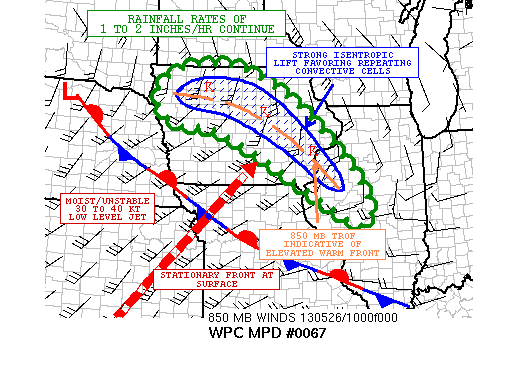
AREAS AFFECTED...NORTHWEST THROUGH EASTERN IA...NORTHWEST IL

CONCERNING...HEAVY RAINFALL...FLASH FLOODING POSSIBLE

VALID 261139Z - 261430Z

SUMMARY...SOME ADDITIONAL REPEATING AND LOCALIZED TRAINING OF
CONVECTION IS EXPECTED NEXT COUPLE OF HOURS...FOSTERING SOME
ADDITIONAL SHORT-TERM FLASH FLOOD CONCERNS.

DISCUSSION...RADAR IMAGERY CONTINUES TO SHOW A NORTHWEST TO
SOUTHEAST ORIENTED LINE OF SHOWERS AND THUNDERSTORMS EXTENDING
ACROSS NORTHERN IA INTO WESTERN IL.  GIVEN SLOW EASTWARD MOTION OF
THE LINE...THE POTENTIAL REMAINS FOR FLASH FLOODING IN THIS AREA
THROUGH AT LEAST 1430Z DUE EITHER TO SLOW MOVING CELLS WHICH
PRODUCE HEAVY RAIN OR CELLS TRACKING OVER AREAS WHICH ALREADY
RECEIVED MODERATE TO HEAVY RAIN.  LOW LEVEL JET WIND SPEEDS STILL
APPEAR TO BE IN THE 30 TO 40 KT RANGE AS IT RIDES NORTH OF A QUASI
STATIONARY FRONT...WHICH WAS ALSO HELPING TO SUSTAIN THE
CONVECTION.  THINKING IS THAT THE RAINFALL RATES WILL BE TAPERING
OFF AS THE LOW LEVEL JET GOES THROUGH DIURNAL WEAKENING BUT SOME
ADDITIONAL RAFL AMOUNTS OF 1 TO 2 INCHES REMAINS POSSIBLE THROUGH
THE EARLY AND MID MORNING.